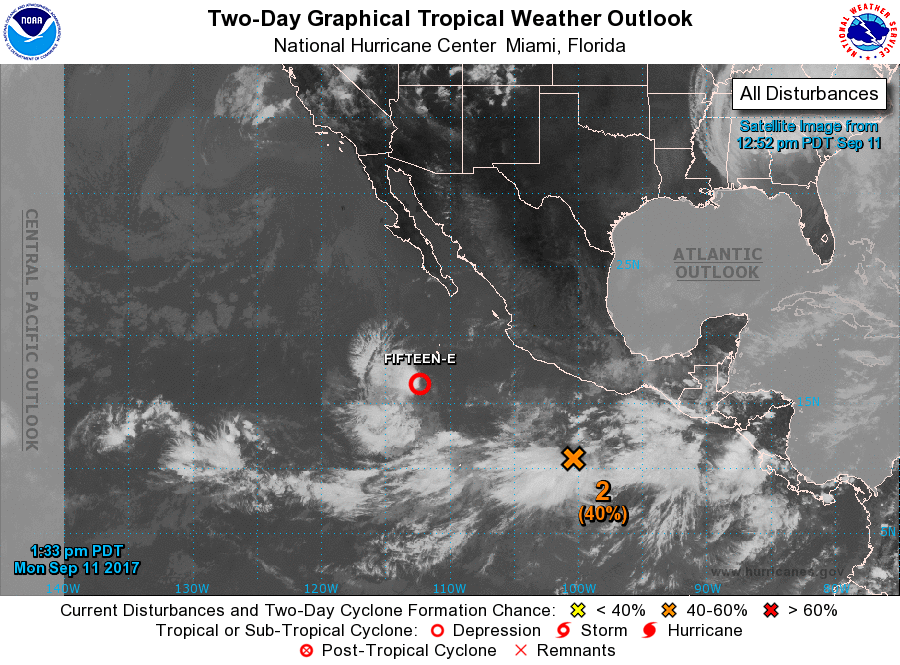
For the eastern North Pacific...east of 140 degrees west longitude:

1. The remnants of Katia, located about 500 miles west-southwest of Manzanillo, Mexico, are associated with a well-defined low pressure center. Showers and thunderstorms with this system have become better organized during the last day or so. Despite upper-level winds appearing to be hostile for development over the next few days, any additional improvement in the convective organization could lead to the formation of a tropical cyclone while the system moves westward at 10 to 15 mph.
* Formation chance through 48 hours...medium...50 percent.
* Formation chance through 5 days...medium...50 percent.

2. A trough of low pressure located a few hundred miles south of the southern coast of Mexico is producing disorganized showers and thunderstorms. Environmental conditions are expected to be conducive for development, and a tropical depression is likely to form later this week while the system moves slowly northwestward.
* Formation chance through 48 hours...medium...40 percent.
* Formation chance through 5 days...high...70 percent.

3. Another area of low pressure is expected to form several hundred miles south-southwest of the Baja California peninsula by the middle of the week. Environmental conditions are expected to be conducive for gradual development after that time while it moves slowly northward.
* Formation chance through 48 hours...low...10 percent.
* Formation chance through 5 days...medium...60 percent.

Forecaster Landsea